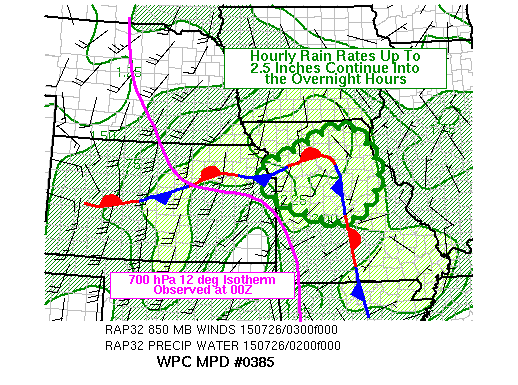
AREAS AFFECTED...NORTHERN AND CENTRAL MO

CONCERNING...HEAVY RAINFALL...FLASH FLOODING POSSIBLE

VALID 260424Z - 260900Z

SUMMARY...ONGOING CONVECTION OVER NORTHERN MO WILL MOVE EAST
TOWARDS THE POOL OF DEEP MOISTURE ON THE EDGE OF THE CAP.

DISCUSSION...CONVECTION SHOULD CONTINUE TO BE CAPABLE OF PRODUCING
HEAVY RAINFALL THROUGH MUCH OF THE NIGHT OVER NORTHERN AND CENTRAL
MO.  THIS WAS THE AREA WHERE CAPES WERE OVER 3000 J PER KG AND
WHERE PRECIPITABLE WATER VALUES WERE AT OR ABOVE 2 INCHES
ACCORDING TO 00Z RAOB FROM TOP AND SHOWN BY BLENDED TPW SATELLITE
IMAGERY.  AREA 88D VAD WIND PROFILERS HAVE SHOWN AN INCREASE IN
H85 FLOW WHICH WILL AID MOISTURE TRANSPORT INTO THE AREA OF
CONVECTION OVERNIGHT.

RAINFALL RATES OF UP TO 2.5 INCHES PER HOUR ARE POSSIBLE GIVEN THE
SLOW FORWARD MOTION OF CELLS...WITH SOME LOCALIZED RAINFALL
AMOUNTS IN THE 2 TO 3 INCH RANGE.  RECENT RAINFALL HAS SATURATED
THE SOIL IN THIS AREA...WHICH LEADS TO THE POSSIBILITY OF FLASH
FLOODING.

THE 12Z RUN OF THE ARW AND SEVERAL OF THE HRRR RUNS FROM THIS
EVENING HAVE HAD A FAIRLY GOOD HANDLE ON THE EVOLUTION OF
CONVECTION AND WAS GIVEN MORE WEIGHT THAN THE GLOBAL MODELS OR THE
NMMB.